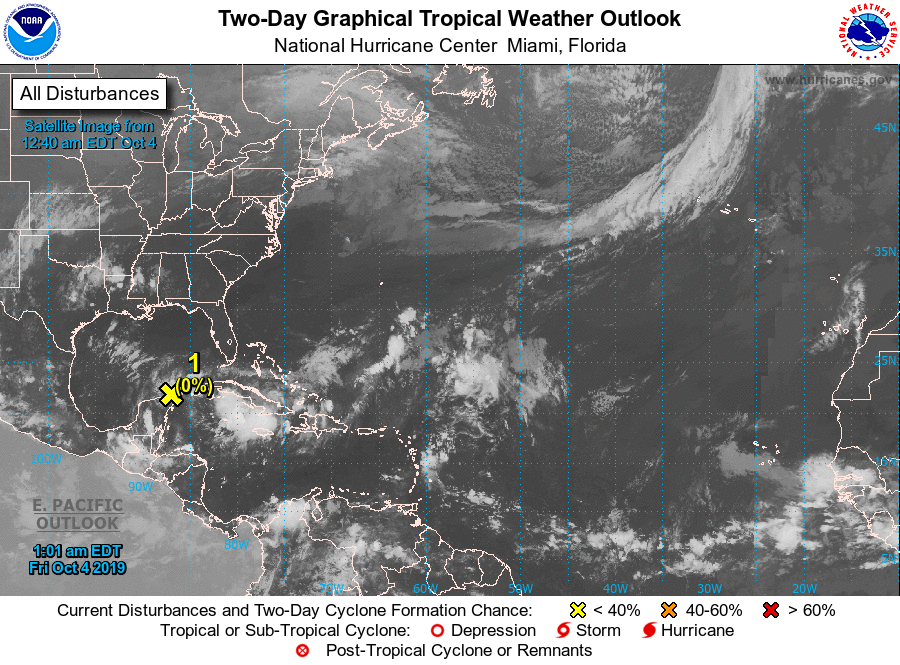
For the North Atlantic...Caribbean Sea and the Gulf of Mexico:

1. Disorganized showers and thunderstorms that stretch across the northwestern Caribbean Sea from Cuba to the Yucatan peninsula are associated with a broad area of low pressure. Significant development of this system is not expected while it moves slowly westward across the northern portion of the Yucatan peninsula and over the Bay of Campeche during the next few days.
* Formation chance through 48 hours...low...near 0 percent.
* Formation chance through 5 days...low...10 percent.

Forecaster Cangialosi